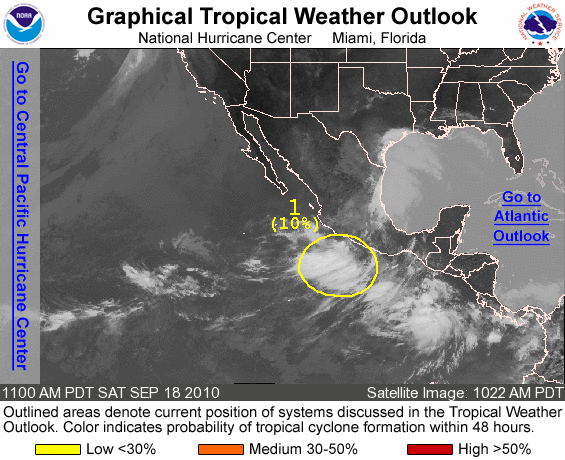
FOR THE EASTERN NORTH PACIFIC...EAST OF 140 DEGREES WEST LONGITUDE..

1. A LARGE AREA OF DISTURBED WEATHER HAS DEVELOPED A COUPLE HUNDRED MILES SOUTHWEST OF ZIHUATANEJO MEXICO. UPPER-LEVEL WINDS ARE EXPECTED TO BE UNFAVORABLE FOR SIGNIFICANT DEVELOPMENT OF THIS SYSTEM...AND THERE IS A LOW CHANCE...NEAR 10 PERCENT...OF THIS SYSTEM BECOMING A TROPICAL CYCLONE DURING THE NEXT 48 HOURS.

ELSEWHERE...TROPICAL CYCLONE FORMATION IS NOT EXPECTED DURING THE NEXT 48 HOURS.

FORECASTER KIMBERLAIN